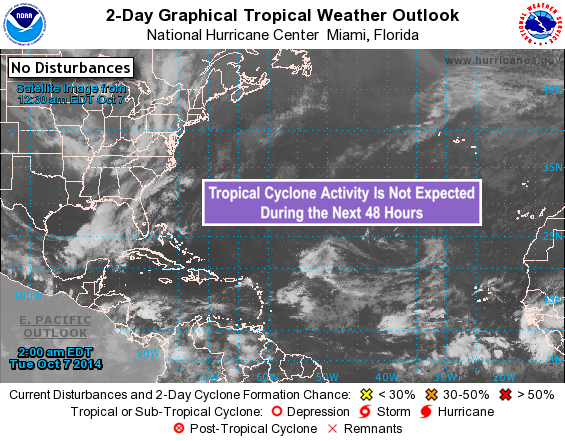
For the North Atlantic...Caribbean Sea and the Gulf of Mexico:

Tropical cyclone formation is not expected during the next 5 days.

Forecaster Avila